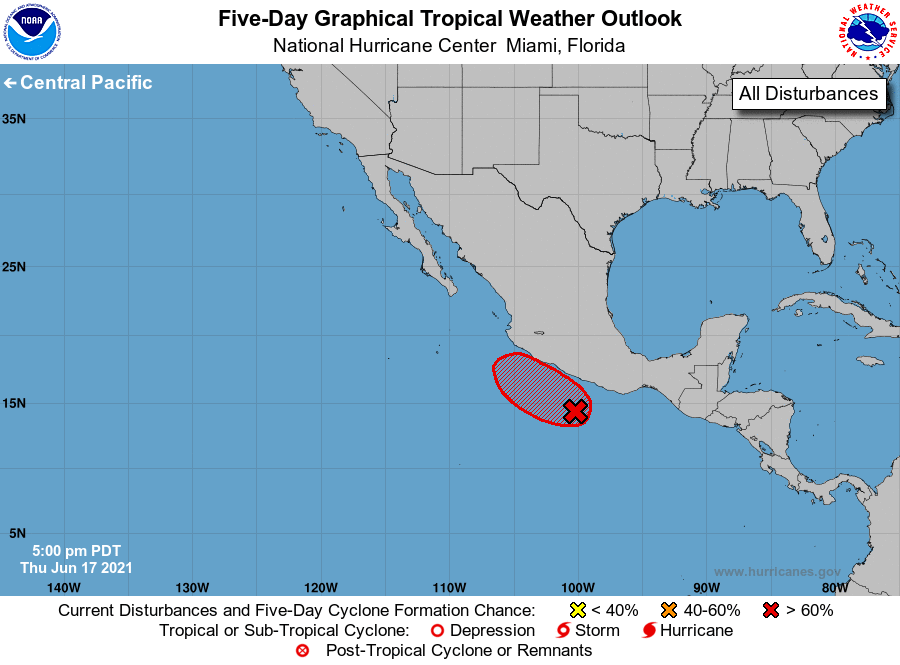
For the eastern North Pacific...east of 140 degrees west longitude:

1. An elongated area of low pressure located about 150 miles south of Acapulco, Mexico continues to produce a large area of disorganized showers and thunderstorms. Environmental conditions appear conducive for development of this system, and a tropical depression is likely to form during the next day or so while the system moves west-northwestward or northwestward at 5 to 10 mph, near the coast of southwestern Mexico. Regardless of development, heavy rains are likely over coastal sections of the Mexican states of Oaxaca, Guerrero, Michoacan, Colima, and Jalisco during the next few days, which could cause life-threatening flash floods and mudslides. Interests in these areas should monitor the progress of this system through the weekend.
* Formation chance through 48 hours...high...90 percent.
* Formation chance through 5 days...high...90 percent.

Forecaster Reinhart/Beven